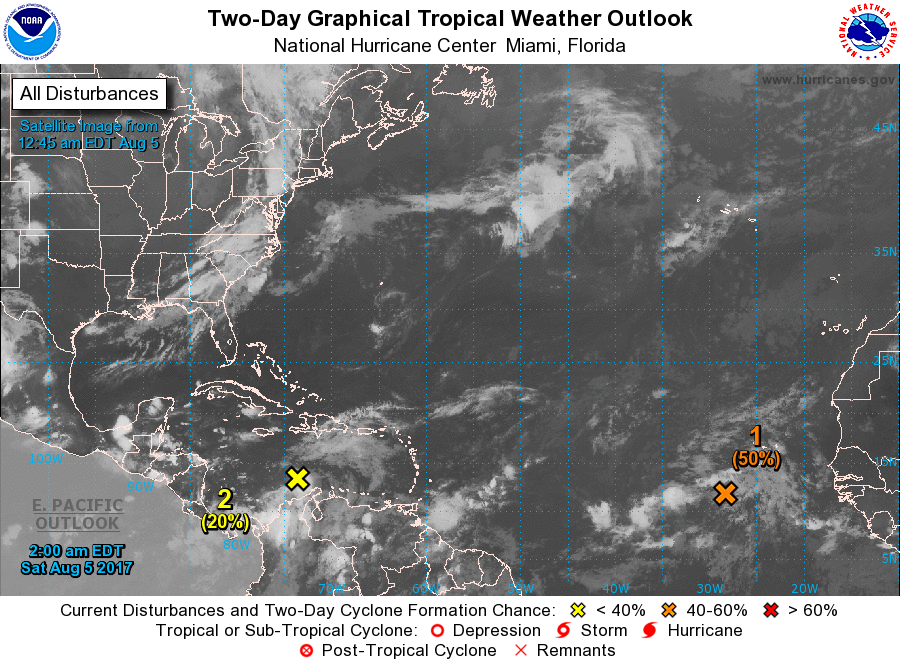
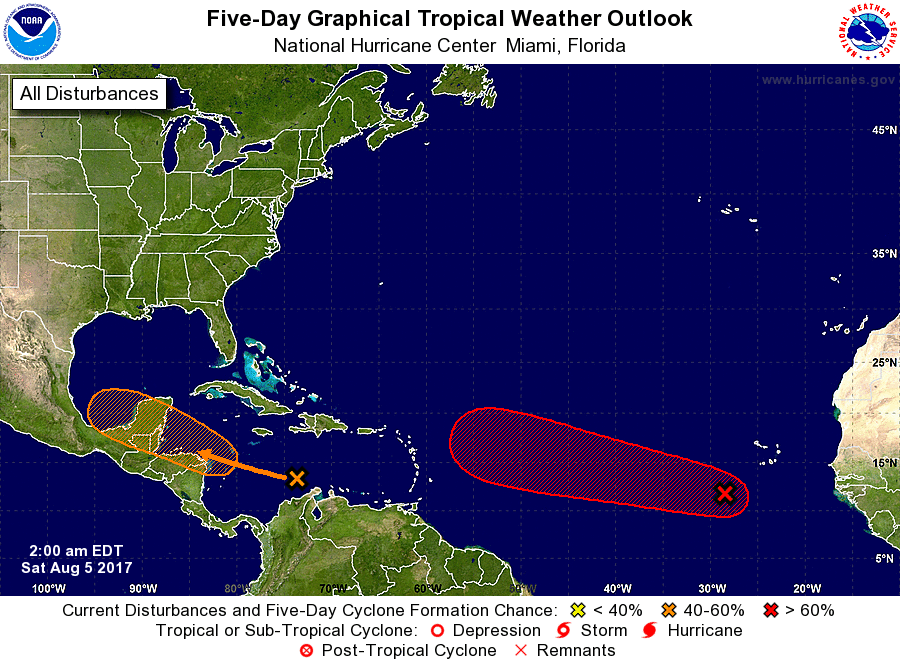
For the North Atlantic...Caribbean Sea and the Gulf of Mexico:

1. Showers and thunderstorms extending from the Cabo Verde Islands southwestward across the tropical Atlantic are associated with an elongated area of low pressure. This system remains poorly organized, but environmental conditions are expected to become a little more favorable for this system to consolidate, and a tropical depression could form early next week while it moves toward the west-northwest at 15 to 20 mph.
* Formation chance through 48 hours...medium...50 percent.
* Formation chance through 5 days...high...80 percent.

2. A tropical wave is producing disorganized showers and thunderstorms over the south-central Caribbean Sea. The wave is moving westward at 15 mph and development, if any, during the next day or two will likely to be slow. Conditions could become a little more favorable for tropical cyclone formation early next week if the disturbance moves over the southern Bay of Campeche. There is also a possibility that the wave moves over Central America, and in that case no development is anticipated.
* Formation chance through 48 hours...low...20 percent.
* Formation chance through 5 days...medium...50 percent.

Forecaster Avila